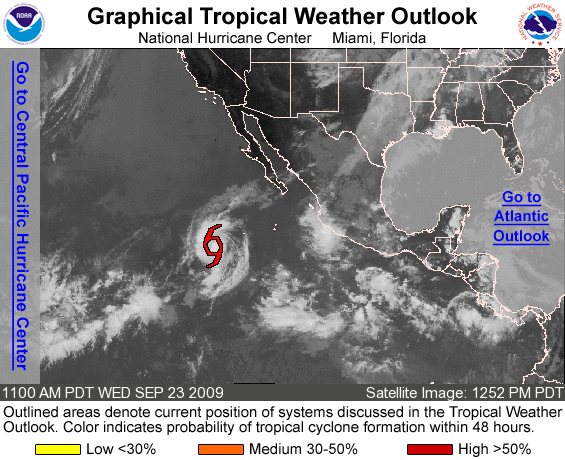
FOR THE EASTERN NORTH PACIFIC...EAST OF 140 DEGREES WEST LONGITUDE..

THE NATIONAL HURRICANE CENTER IS ISSUED ADVISORIES ON RECENTLY- UPGRADED TROPICAL STORM NORA...LOCATED ABOUT 665 MILES SOUTHWEST OF THE SOUTHERN TIP OF BAJA CALIFORNIA.

ELSEWHERE...TROPICAL CYCLONE FORMATION IS NOT EXPECTED DURING THE NEXT 48 HOURS.

PUBLIC ADVISORIES ON TROPICAL STORM NORA ARE ISSUED UNDER WMO HEADER WTPZ32 KNHC AND UNDER AWIPS HEADER MIATCPEP2. FORECAST/ADVISORIES ARE ISSUED UNDER WMO HEADER WTPZ22 KNHC AND UNDER AWIPS HEADER MIATCMEP2.

FORECASTER BEVEN